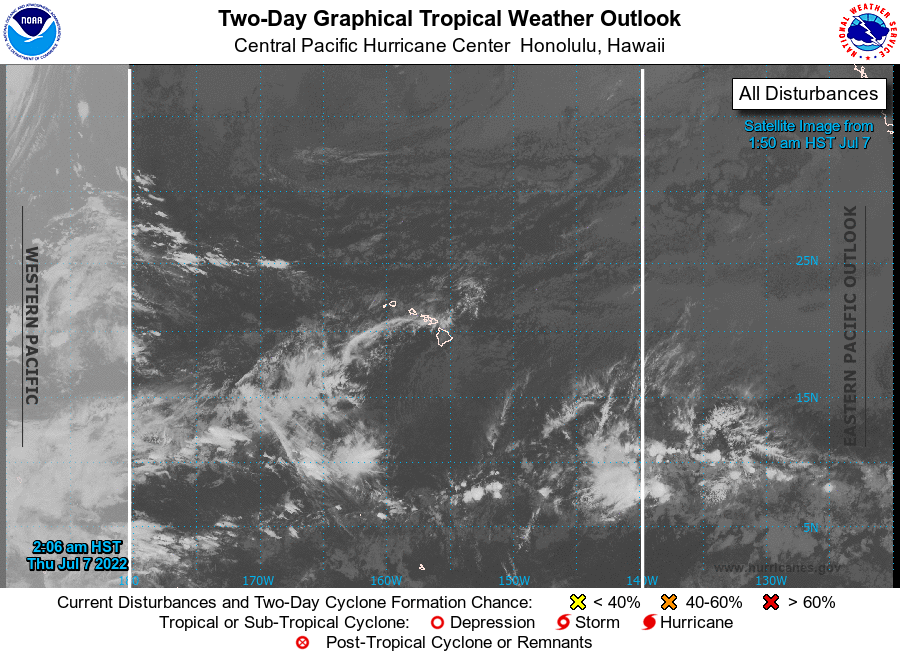
For the central North Pacific...between 140W and 180W:

No tropical cyclones are expected during the next 5 days.

Forecaster Jelsema